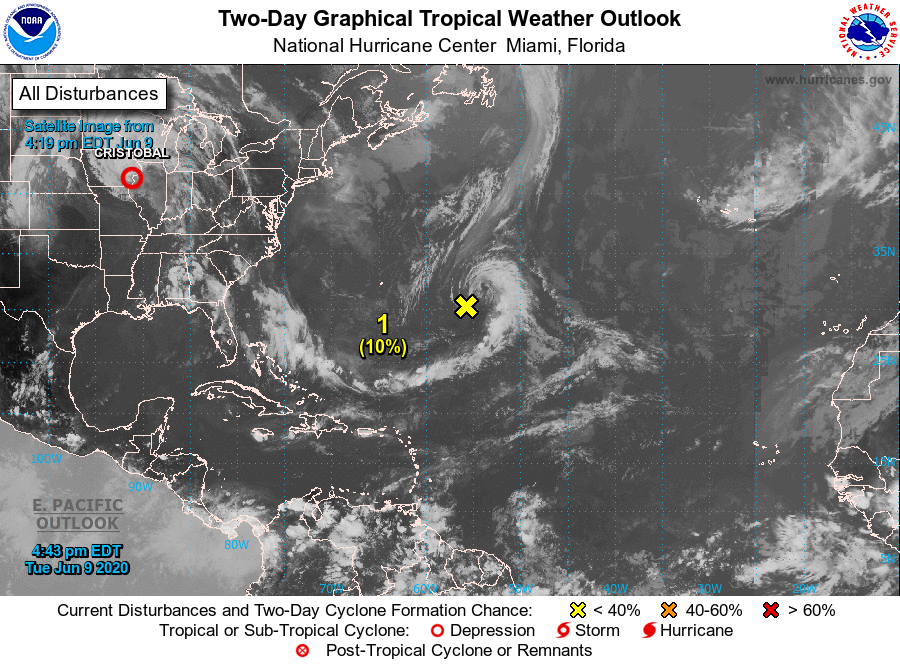
For the North Atlantic...Caribbean Sea and the Gulf of Mexico:

The Weather Prediction Center is issuing advisories on Tropical Depression Cristobal, located inland over northeastern Missouri.

1. A non-tropical area of low pressure is located over the central Atlantic Ocean a few hundred miles east of Bermuda. Development of this system as a subtropical cyclone appears unlikely due to unfavorable environmental conditions, and the low is expected to dissipate in a few days.
* Formation chance through 48 hours...low...10 percent.
* Formation chance through 5 days...low...10 percent.

Public Advisories issued by the Weather Prediction Center on Tropical Depression Cristobal can be found under AWIPS header TCPAT3, WMO header WTNT33 KWNH, and on the web at http://www.wpc.ncep.noaa.gov.

Forecaster Berg